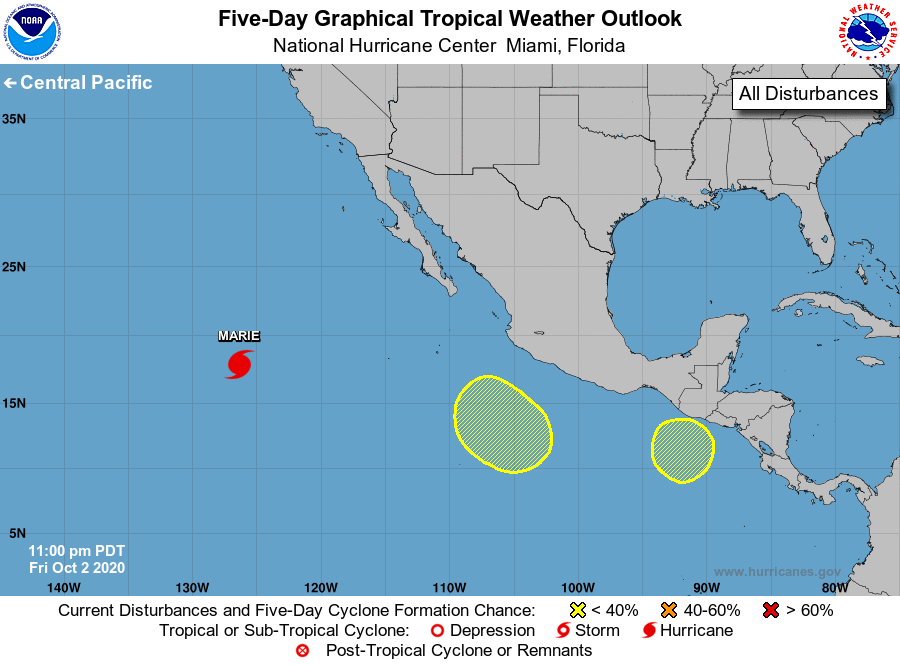
For the eastern North Pacific...east of 140 degrees west longitude:

The National Hurricane Center is issuing advisories on Hurricane Marie, located about 1100 miles west-southwest of the southern tip of the Baja California peninsula.

1. An area of low pressure is expected to form within the next couple of days several hundred miles southwest of the coast of southwestern Mexico. Some development of this system is possible through the middle of next week while it moves slowly northwestward.
* Formation chance through 48 hours...low...near 0 percent.
* Formation chance through 5 days...low...20 percent.

2. Another area of low pressure could form south or southeast of the Gulf of Tehuantepec early next week. Gradual development of this system will be possible thereafter while it drifts near or south of southern coasts of Mexico and Guatemala.
* Formation chance through 48 hours...low...near 0 percent.
* Formation chance through 5 days...low...20 percent.

Forecaster Latto